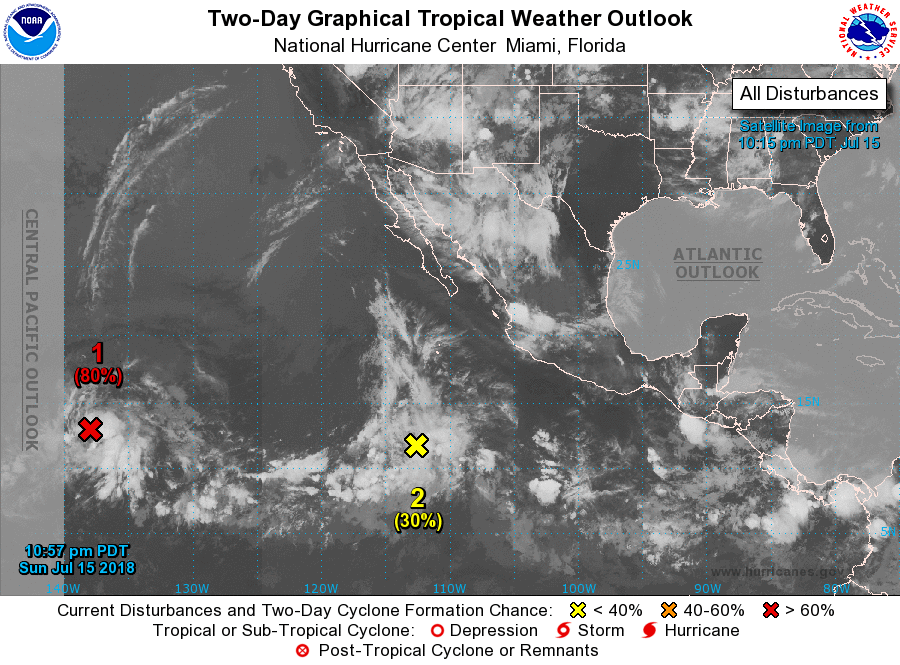
For the eastern North Pacific...east of 140 degrees west longitude:

1. Showers and thunderstorms in association with a low pressure system located about 1200 miles east-southeast of the Big Island of Hawaii are showing signs of organization. Environmental conditions are expected to be conducive for the development of a tropical depression during the next day or so before upper-level winds increase by mid-week. This system is moving westward and is expected to cross into the Central Pacific basin on Monday.
* Formation chance through 48 hours...high...80 percent.
* Formation chance through 5 days...high...80 percent.

2. Shower and thunderstorm activity associated with a tropical wave located several hundred miles south-southwest of the southern tip of the Baja California Peninsula has changed little this evening. However, recent satellite-derived wind data indicate that this disturbance is producing gale-force wind gusts east of the wave axis in the strongest thunderstorms. Although the environment is expected to be only marginally conducive, some additional development is possible during the next day or so while the system moves westward to west-northwestward over the open East Pacific. By Wednesday, strong upper-level winds will likely prevent further development.
* Formation chance through 48 hours...low...30 percent.
* Formation chance through 5 days...low...30 percent.

Forecaster Stewart